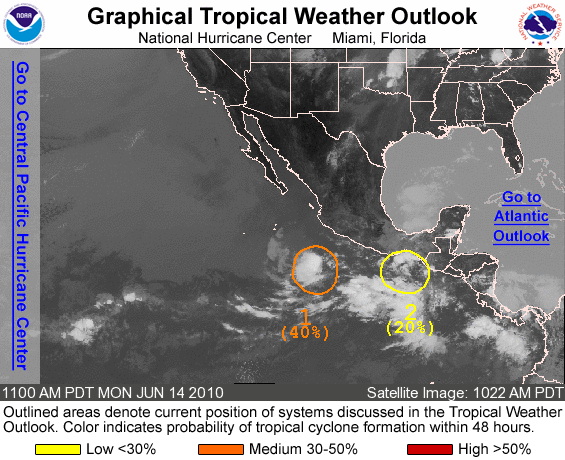
FOR THE EASTERN NORTH PACIFIC...EAST OF 140 DEGREES WEST LONGITUDE..

1. CLOUDINESS AND SHOWERS ASSOCIATED WITH A BROAD AREA OF LOW PRESSURE LOCATED ABOUT 350 MILES WEST-SOUTHWEST OF ACAPULCO MEXICO HAVE BECOME SLIGHTLY BETTER ORGANIZED THIS MORNING. ENVIRONMENTAL CONDITIONS APPEAR MARGINALLY CONDUCIVE FOR SOME ADDITIONAL SLOW DEVELOPMENT OF THE LOW OVER THE NEXT COUPLE OF DAYS AS IT DRIFTS WEST- NORTHWESTWARD. THERE IS A MEDIUM CHANCE...40 PERCENT...OF THIS SYSTEM BECOMING A TROPICAL CYCLONE DURING THE NEXT 48 HOURS.

2. A LARGE AREA OF DISTURBED WEATHER EXTENDING SOUTHWARD FROM THE GULF OF TEHUANTEPEC FOR A FEW HUNDRED MILES IS MOVING LITTLE. DEVELOPMENT...IF ANY...OF THIS SYSTEM SHOULD BE SLOW TO OCCUR OVER THE NEXT DAY OR TWO AS IT BEGINS TO DRIFT NORTHWESTWARD TO NORTH-NORTHWESTWARD. THERE IS A LOW CHANCE...20 PERCENT...OF THIS SYSTEM BECOMING A TROPICAL CYCLONE DURING THE NEXT 48 HOURS.

ELSEWHERE...TROPICAL CYCLONE FORMATION IS NOT EXPECTED DURING THE NEXT 48 HOURS.

FORECASTER KIMBERLAIN/BROWN